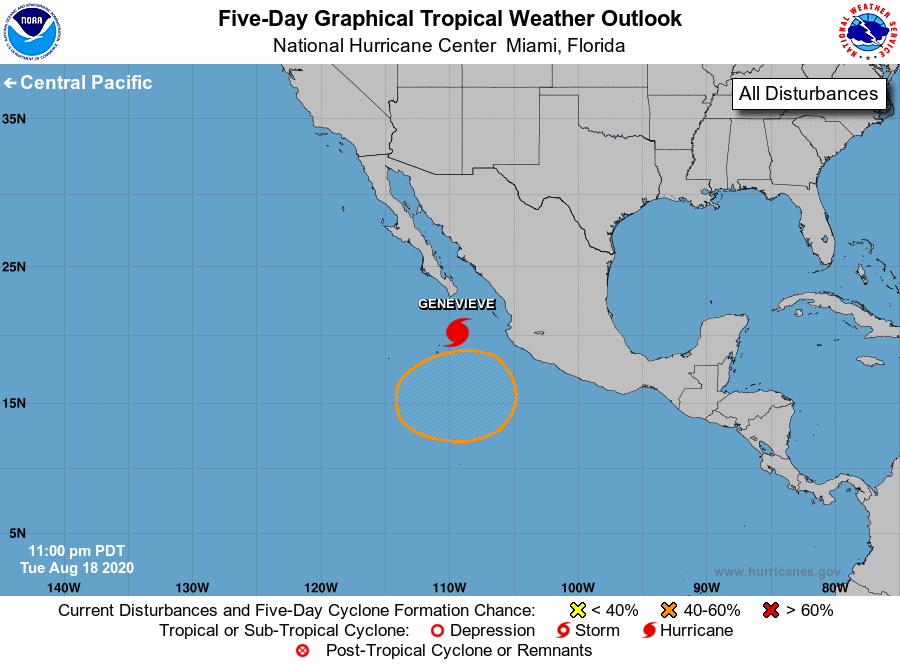
For the eastern North Pacific...east of 140 degrees west longitude:

The National Hurricane Center is issuing advisories on Hurricane Genevieve, located a few hundred miles south-southeast of the southern tip of the Baja California peninsula.

1. An area of low pressure is expected to form later this week several hundred miles southwest of the southwestern coast of Mexico. Conditions appear favorable for some slow development of this system this weekend while it moves little.
* Formation chance through 48 hours...low...near 0 percent.
* Formation chance through 5 days...medium...40 percent.

Forecaster Beven